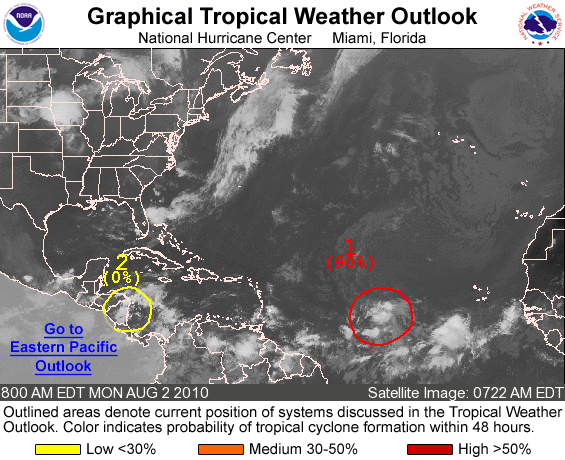
FOR THE NORTH ATLANTIC...CARIBBEAN SEA AND THE GULF OF MEXICO...

1. SHOWERS AND THUNDERSTORMS ASSOCIATED WITH A LARGE LOW PRESSURE SYSTEM LOCATED ABOUT 1050 MILES WEST-SOUTHWEST OF THE CAPE VERDE ISLANDS REMAIN WELL ORGANIZED. ENVIRONMENTAL CONDITIONS REMAIN FAVORABLE FOR DEVELOPMENT AND A TROPICAL DEPRESSION COULD FORM AT ANY TIME DURING THE NEXT DAY OR SO AS THIS SYSTEM MOVES WEST-NORTHWESTWARD AT 10 TO 15 MPH. THERE IS A HIGH CHANCE... 90 PERCENT...OF TROPICAL CYCLONE FORMATION DURING THE NEXT 48 HOURS.

2. A TROPICAL WAVE IS CROSSING THE COASTS OF NICARAGUA AND HONDURAS THIS MORNING. SHOWER ACTIVITY REMAINS LIMITED AND DISORGANIZED... AND SIGNIFICANT DEVELOPMENT OF THIS DISTURBANCE IS NOT EXPECTED AS IT CONTINUES TO MOVE WESTWARD AT 10 MPH ACROSS CENTRAL AMERICA AND EVENTUALLY INTO THE EASTERN NORTH PACIFIC OCEAN DURING THE NEXT TWO DAYS. THERE IS A LOW CHANCE...NEAR 0 PERCENT...OF THIS SYSTEM BECOMING A TROPICAL CYCLONE DURING THE NEXT 48 HOURS.

ELSEWHERE...TROPICAL CYCLONE FORMATION IS NOT EXPECTED DURING THE NEXT 48 HOURS.

FORECASTER STEWART